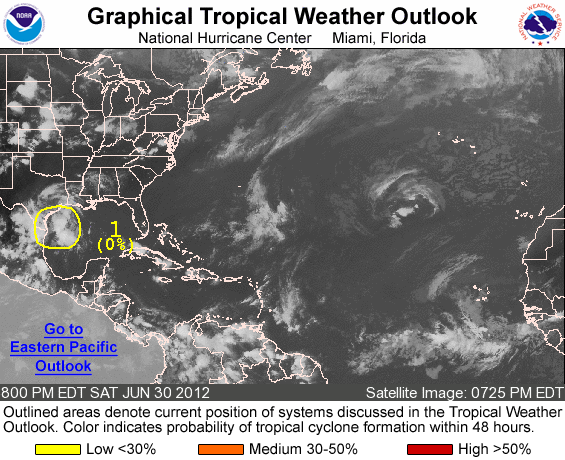
FOR THE NORTH ATLANTIC...CARIBBEAN SEA AND THE GULF OF MEXICO...

1. AN AREA OF DISORGANIZED CLOUDINESS AND THUNDERSTORMS OVER THE NORTHWESTERN GULF OF MEXICO AND THE ADJACENT LAND AREAS IS ASSOCIATED WITH AN UPPER-LEVEL LOW OVER NORTHERN MEXICO. THIS SYSTEM IS EXPECTED TO MOVE INLAND BEFORE DEVELOPMENT CAN OCCUR AND IT HAS A LOW CHANCE...NEAR 0 PERCENT...OF BECOMING A TROPICAL CYCLONE DURING THE NEXT 48 HOURS.

ELSEWHERE...TROPICAL CYCLONE FORMATION IS NOT EXPECTED DURING THE NEXT 48 HOURS.

FORECASTER BEVEN